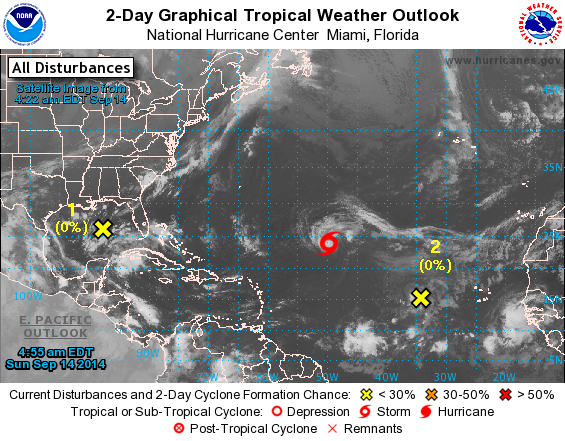
For the North Atlantic...Caribbean Sea and the Gulf of Mexico:

The National Hurricane Center is issuing advisories on Tropical Storm Edouard, located about one thousand miles east-northeast of the northern Leeward Islands.

1. A weak low pressure area located over the east-central Gulf of Mexico is producing disorganized showers and thunderstorms. Upper-level winds are not conducive for development, and the low will most likely degenerate into a trough of low pressure while it moves westward across the Gulf of Mexico during the next couple of days.
* Formation chance through 48 hours...low...near 0 percent.
* Formation chance through 5 days...low...near 0 percent.

2. Disorganized showers and thunderstorms located about 600 miles west of the Cape Verde Islands are associated with a tropical wave. Environmental conditions are expected to remain unfavorable for development while the system moves westward at 15 to 20 mph across the tropical Atlantic during the next several days.
* Formation chance through 48 hours...low...near 0 percent.
* Formation chance through 5 days...low...near 0 percent.

Forecaster Brown